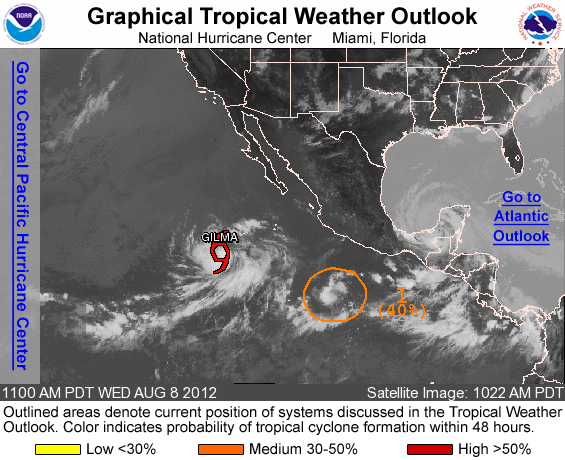
FOR THE EASTERN NORTH PACIFIC...EAST OF 140 DEGREES WEST LONGITUDE..

THE NATIONAL HURRICANE CENTER IS ISSUING ADVISORIES ON TROPICAL STORM GILMA...LOCATED ABOUT 670 MILES SOUTHWEST OF THE SOUTHERN TIP OF BAJA CALIFORNIA.

1. SHOWERS AND THUNDERSTORMS ASSOCIATED WITH AN AREA OF LOW PRESSURE LOCATED ABOUT 500 MILES SOUTH-SOUTHWEST OF ACAPULCO MEXICO CONTINUE TO SHOW SIGNS OF ORGANIZATION. DEVELOPMENT OF THIS SYSTEM IS POSSIBLE...AND IT COULD BECOME A TROPICAL DEPRESSION DURING THE NEXT COUPLE OF DAYS. THIS SYSTEM HAS A MEDIUM CHANCE...40 PERCENT...OF BECOMING A TROPICAL CYCLONE AS IT MOVES LITTLE DURING THE NEXT 48 HOURS.

ELSEWHERE...TROPICAL CYCLONE FORMATION IS NOT EXPECTED DURING THE NEXT 48 HOURS.

FORECASTER BEVEN